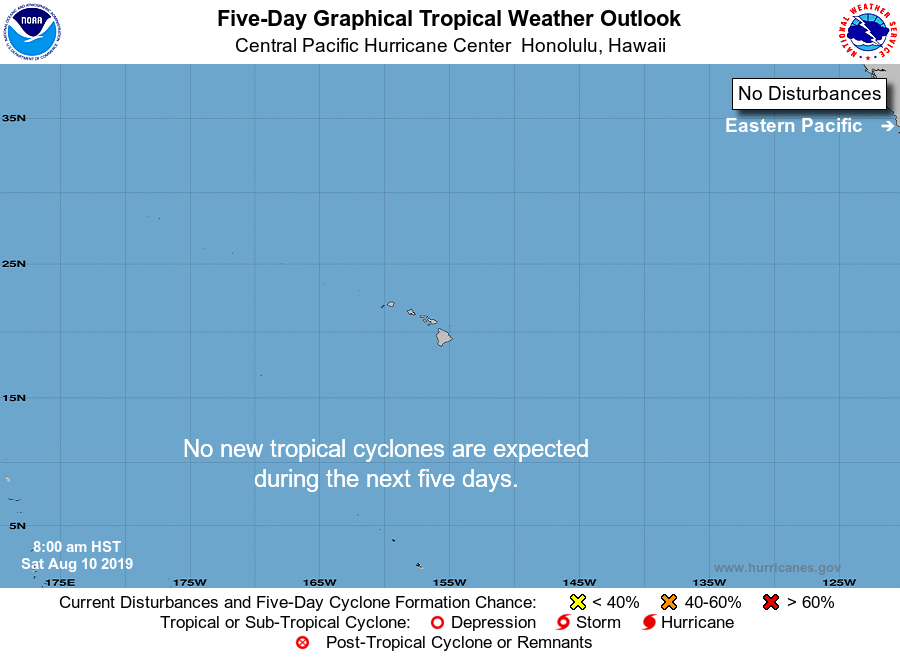
For the central North Pacific...between 140W and 180W:

No tropical cyclones are expected during the next 5 days.

Forecaster Foster